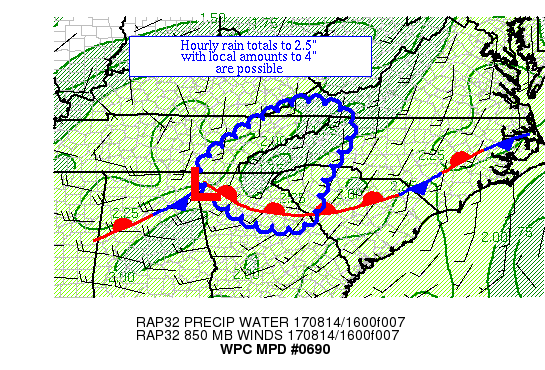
AREAS AFFECTED...NORTH GA, WESTERN CAROLINAS, & EASTERN TN

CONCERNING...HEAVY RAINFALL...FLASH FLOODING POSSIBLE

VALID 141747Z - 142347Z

SUMMARY...THUNDERSTORMS ARE EXPECTED TO EXPAND IN COVERAGE WITH
TIME.  HOURLY RAIN TOTALS TO 2.5" WITH LOCAL AMOUNTS TO 4" ARE
POSSIBLE WHERE CELLS MERGE/TRAIN.

DISCUSSION...A CIRCULATION ALOFT IS MOVING THROUGH CENTRAL TN AND
LIKELY ACTING AS A SOURCE OF DIVERGENCE ALOFT.  SUNNY SKIES ARE
LEADING TO INCREASING INSTABILITY.  AT THE SURFACE, A WEAK THERMAL
WAVE IS MOVING INTO NORTHWEST GA WITH A THERMAL BOUNDARY RETURNING
NORTHWARD.  NEAR AND AHEAD OF THE BOUNDARY, SHOWERS AND
THUNDERSTORMS ARE DEVELOPING.  PRECIPITABLE WATER VALUES OF 1.5-2"
LIE HERE PER GPS VALUES AND RAP INITIALIZATIONS.  ML CAPE VALUES
OF 500-1000 J/KG LIE ACROSS MUCH OF THE AREA, WITH HIGHER VALUES
OF 2000 J/KG IN NORTHEAST GA.  INFLOW AT 850 HPA IS WEST-SOUTHWEST
AT 10 KTS PER VAD WIND PROFILES, BUT EFFECTIVE BULK SHEAR IS ~30
KTS PER SPC MESOANALYSES WHICH IS TWICE THE VALUE OF THE MEAN
850-400 HPA WIND.

THE MESOSCALE GUIDANCE SHOWS SPOTTY LOCAL AMOUNTS OF 2-4", WHICH
APPEARS POSSIBLE GIVEN THE ABOVE FACTORS.  AS THE TN CIRCULATION
APPROACHES, LOW-LEVEL INFLOW IS EXPECTED TO RISE TOWARDS 20 KTS
WHICH IN ADDITION TO THE BULK SHEAR AND RISING PRECIPITABLE WATER
VALUES SHOULD HELP INCREASE CONVECTIVE COVERAGE AND COULD LEAD TO
SHORT TRAINING BANDS WITHIN THE TOPOGRAPHY AS THE FLOW IS NEARLY
UNIDIRECTIONAL WITH HEIGHT.  HOURLY RAIN TOTALS UP TO 2.5" APPEAR
POSSIBLE WHERE CELLS TRAIN AND/OR MERGE.  ABOVE AVERAGE RAINFALL
HAS BEEN SEEN OVER THE PAST COUPLE WEEKS; SOILS ARE PARTIALLY
SATURATED WITHIN THE RUGGED TERRAIN.